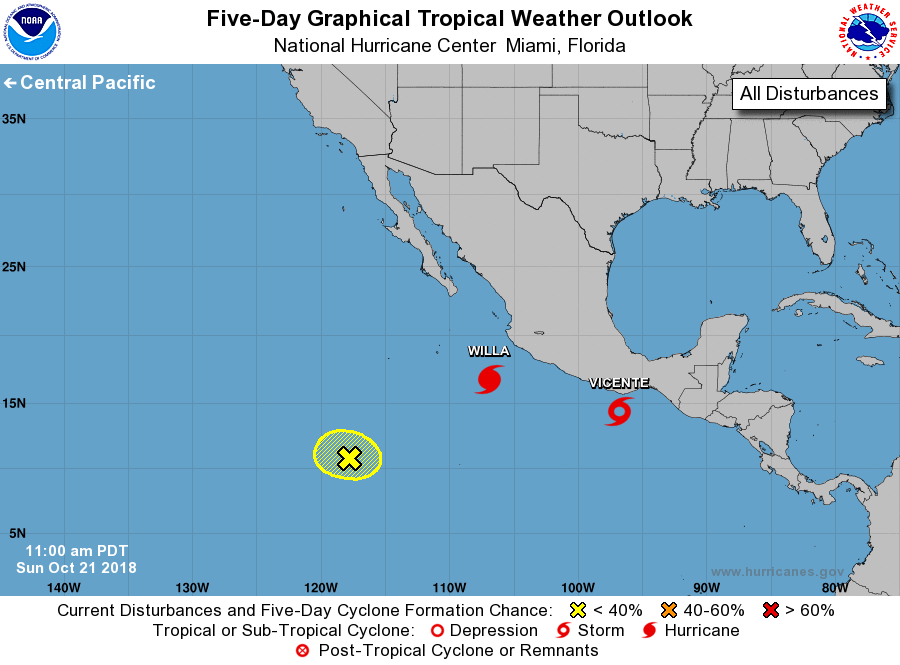
For the eastern North Pacific...east of 140 degrees west longitude:

The National Hurricane Center is issuing advisories on Tropical Storm Vicente, located about 100 miles south-southeast of Puerto Escondido, Mexico, and on Hurricane Willa, located a couple of hundred miles south-southwest of Cabo Corrientes, Mexico.

1. A small area of low pressure is located about 950 miles south-southwest of the southern tip of the Baja California peninsula. Upper-level winds are forecast to become unfavorable for significant development of this system.
* Formation chance through 48 hours...low...near 10 percent.
* Formation chance through 5 days...low...10 percent.

Forecaster Pasch